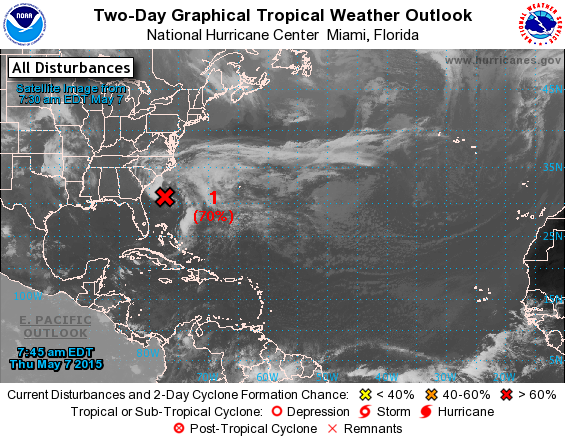
For the North Atlantic...Caribbean Sea and the Gulf of Mexico:

1. A non-tropical low pressure system located about 230 miles south- southeast of the South Carolina-North Carolina border has moved little during the past several hours. Since yesterday, the low has become better defined with increasing organization of the associated thunderstorm activity. Environmental conditions are gradually becoming more conducive for development, and an increase in the organization of the thunderstorms could result in the formation of a subtropical cyclone later today or on Friday. An Air Force Reserve reconnaissance aircraft is scheduled to investigate the low this morning. The low is expected to drift generally northward over the next couple of days, and interests along the southeastern coast of the United States should continue to monitor the progress of this system. Regardless of development, heavy rain is expected over portions of the coastal southeastern United States for the next several days. For additional information, see products from your local National Weather Service forecast office and High Seas Forecasts issued by the National Weather Service. The next Special Tropical Weather Outlook on this system will be issued by 2 PM EDT.
* Formation chance through 48 hours...high...70 percent
* Formation chance through 5 days...high...70 percent

High Seas Forecasts issued by the National Weather Service are available under AWIPS header NFDHSFAT1, WMO header FZNT01 KWBC, and on the Web at http://www.opc.ncep.noaa.gov/shtml/NFDHSFAT1.shtml

Forecaster Blake